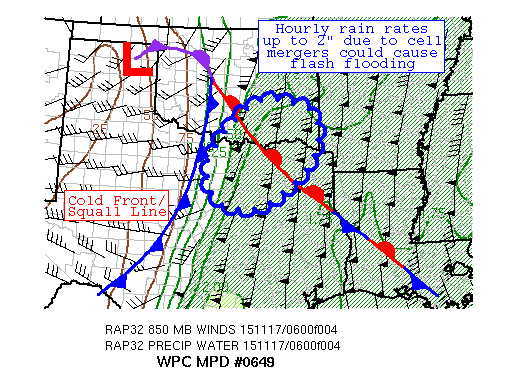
AREAS AFFECTED...NORTHEAST TX & SOUTHEAST OK

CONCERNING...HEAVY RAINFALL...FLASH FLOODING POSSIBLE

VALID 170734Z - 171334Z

SUMMARY...THUNDERSTORMS ARE EXPECTED TO FORM NEAR DALLAS-FORT
WORTH AND MERGE WITH AN INCOMING SQUALL LINE.  HOURLY RAIN RATES
COULD REACH 2" AN HOUR, WHICH COULD LEAD TO FLASH FLOODING.

DISCUSSION...A SQUALL LINE HAS BEEN MARCHING ACROSS TX AT ~30 KTS
OVER THE PAST SEVERAL HOURS.  AHEAD OF THE SYSTEM LIES A MOISTURE
GRADIENT NEAR THE DALLAS-FORT WORTH AREA, WHERE SHOWERS HAVE BEEN
KEPT TO A MINIMUM DUE TO CAPPING ALOFT, WHICH HAS WEAKENED A BIT
BETWEEN 00Z AND 06Z PER FWD SOUNDINGS.  PRECIPITABLE WATER VALUES
OF 1.75" LIE ON THE MOIST SIDE OF THE GRADIENT, AND 850 HPA INFLOW
OF 70 KTS IS STREAMING AHEAD OF THE FRONT/SQUALL LINE.  MUCAPES OF
1000-2000 J/KG LIE ACROSS CENTRAL AND NORTH-CENTRAL TX PER RECENT
SPC MESOANALYSES.

THE CAM GUIDANCE IS NEARLY UNITED IN THE AREA OF THUNDERSTORMS
FORMING IN THE NEXT HOUR OR TWO NEAR DALLAS-FORT WORTH AS 700 HPA
TEMPERATURES DROP TOWARDS 6C, WHICH WOULD ELIMINATE THE CAP.  IT
IS POSSIBLE THAT THE RECENT SHOWER DEVELOPMENT IN SOUTHEAST OK
COULD ALSO GROW UPSCALE IN THE MEANTIME.  THESE STORMS ARE
EXPECTED TO TRAIN SLIGHTLY BEFORE MERGING IN WITH THE APPROACHING
SQUALL LINE, WHICH COULD PICK UP THE PACE TO THE EAST.  IN THIS
SORT OF DYNAMIC/FAST-MOVING CONVECTIVE ENVIRONMENT, THIS WOULD BE
THE ONLY WAY TO GET HOURLY RAIN RATES TO APPROACH 2" WHICH WOULD
THREATEN THE MODEST FLASH FLOOD GUIDANCE VALUES.  THE CAM GUIDANCE
ADVERTISES 2-4", WHICH WOULD HAVE TO FALL QUICKLY AS THE SQUALL
LINE BROADENS TEMPORARILY DUE TO THIS INTERACTION.  DUE TO THE
UNCERTAINTY, USED THE POSSIBLE CATEGORY.